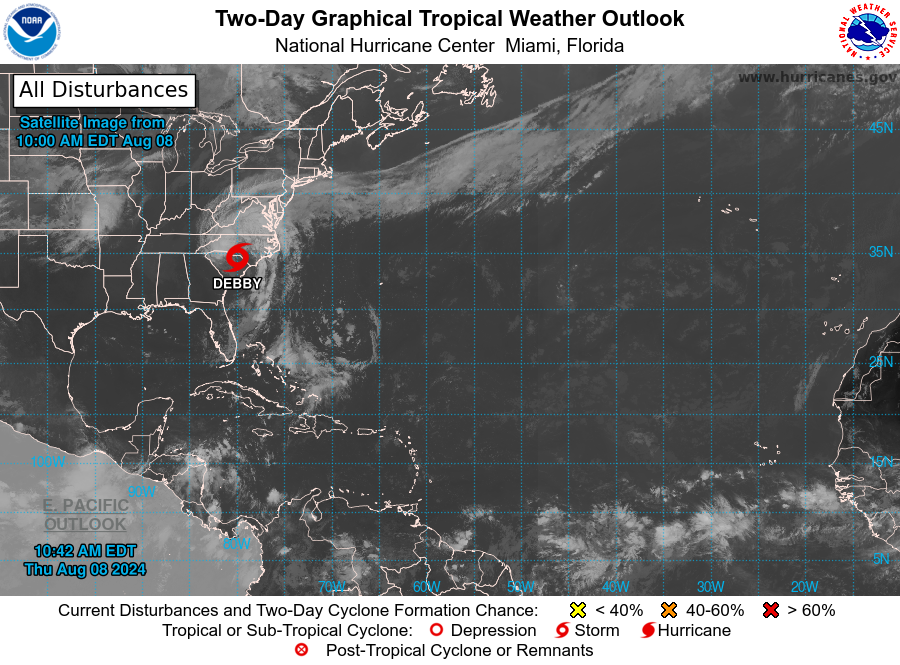
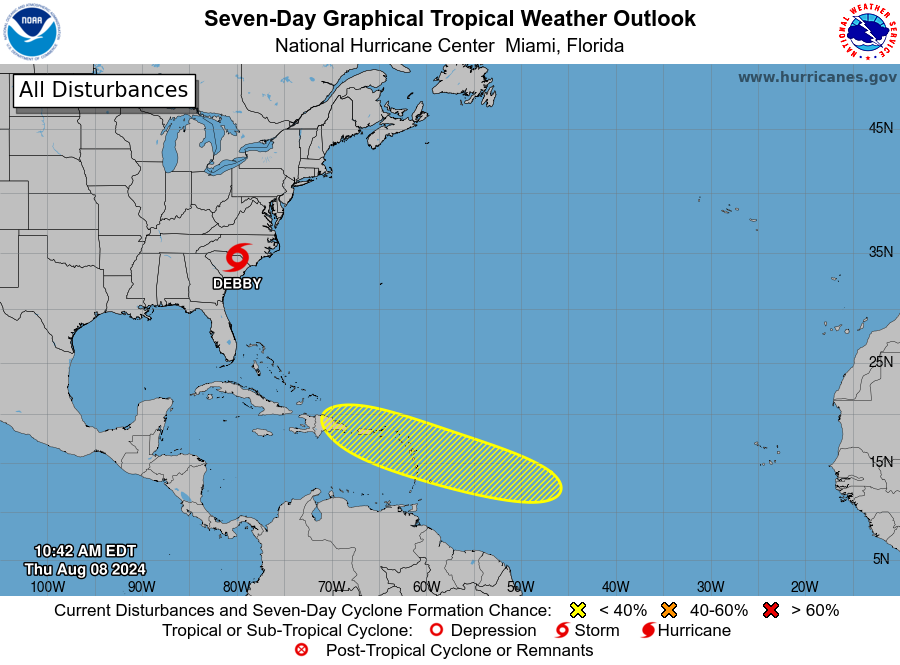
For the North Atlantic...Caribbean Sea and the Gulf of Mexico:

Active Systems: The National Hurricane Center is issuing advisories on Tropical Storm Debby, located over South Carolina.

1. Near the Lesser and Greater Antilles: An area of low pressure could form in the central or western tropical Atlantic Ocean early next week. Some development of this system is possible while it approaches the Lesser Antilles during the early to middle part of next week and moves generally west-northwestward toward the Greater Antilles thereafter.
* Formation chance through 48 hours...low...near 0 percent.
* Formation chance through 7 days...low...30 percent.

Forecaster Hagen/Cangialosi